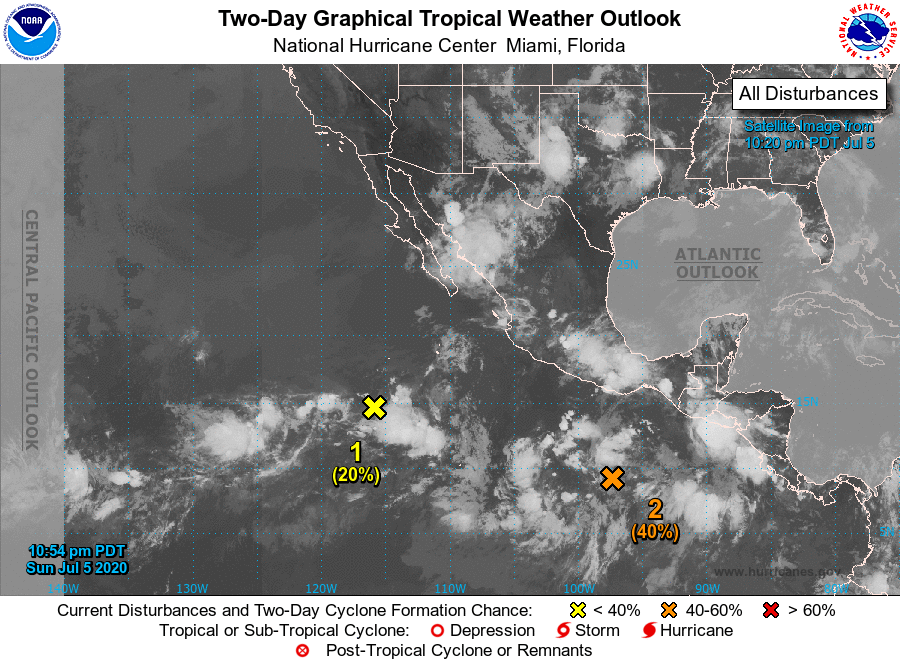
For the eastern North Pacific...east of 140 degrees west longitude:

1. An elongated area of low pressure located several hundred miles south-southwest of the southern tip of the Baja California peninsula continues to produce a large area of disorganized showers and a few thunderstorms. Any development of this system should be slow to occur over the next couple of days while it moves slowly west-northwestward.
* Formation chance through 48 hours...low...20 percent.
* Formation chance through 5 days...low...20 percent.

2. A broad low pressure system located several hundred miles south- southwest of the Gulf of Tehuantepec is producing a disorganized area of showers and thunderstorms. However, environmental conditions are expected to be conducive for development over the next several days, and a tropical depression is likely to form by the middle of the week while the system moves west-northwestward, well south of the coast of southern Mexico.
* Formation chance through 48 hours...medium...40 percent.
* Formation chance through 5 days...high...90 percent.

Forecaster Beven